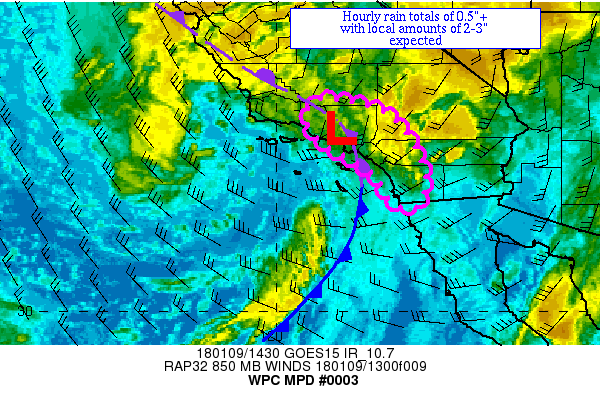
AREAS AFFECTED...TERRAIN OF SOUTHERN CA

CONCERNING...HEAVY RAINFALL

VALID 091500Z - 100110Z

SUMMARY...A DEEP LAYER CYCLONE IS EXPECTED TO LEAD TO HOURLY RAIN
RATES OCCASIONALLY BREACHING 0.5" WITH LOCAL AMOUNTS UP TO 3"
POSSIBLE THROUGH 01Z.

DISCUSSION...A DEEP LAYER CYCLONE IS SPLITTING INTO TWO CENTERS
PER 14Z OBSERVATIONS.  THE SOUTHERN 1000 HPA CENTER IS JUST WEST
OF BURBANK WITH ITS TRAILING FRONTAL BOUNDARY LOCATED EAST OF THE
CHANNEL ISLANDS.  INFRARED SATELLITE IMAGERY SHOWS SOME UNSTABLE
CLOUDINESS NEAR THE UPPER LEVEL LOW SOUTHWEST OF POINT CONCEPTION.
 THE LATEST SPC MESOANALYSES INDICATE MUCAPE VALUES SLOWLY
FALLING, DOWN IN THE 250-500 J/KG RANGE OFFSHORE SOUTHERN CA.
PRECIPITABLE WATER VALUES ARE 0.8-1.4" PER GPS DATA WHILE INFLOW
AT 850 HPA IS CYCLONIC AT 30-40 KTS PER VAD WIND PROFILES.  THE
SOUNDING FROM SAN DIEGO/NKX SHOWS A SUBSTANTIALLY WARM ATMOSPHERE,
WITH WET BULB ZERO HEIGHTS ABOVE 11,000 FEET.  A COUPLE SITES NEAR
CUCAMONGA AND BORREGO DESERT STATE PARK HAVE REPORTED OVER 0.5" IN
THE PAST HOUR.

AS THE CYCLONE MOVES EASTWARD, ONSHORE FLOW SHOULD SHIFT FROM
SOUTHERLY TO MORE WESTERLY WITH TIME WITH SIMILAR MAGNITUDE.  BY
00Z, THE LOW-LEVEL INFLOW IS EXPECTED TO EXCEED THE MEAN 850-400
HPA, WHICH MAY AID RAINFALL EFFICIENCY.  WHILE WET BULB ZERO
HEIGHTS SHOULD LOWER WITH TIME, NEAR THE UPPER CENTER ITSELF, AN
ADDED BURST OF HEAVY RAINFALL IS POSSIBLE DUE TO A COLD POOL ALOFT
IN AN AREA OF DEEPLY CYCLONIC AND UNIDIRECTIONAL FLOW.

RAIN RELATED ISSUES SHIFT FROM THE TRANSVERSE RANGES TO THE
COASTAL RANGES NEAR AND NORTH OF SAN DIEGO OVER THE NEXT SEVERAL
HOURS.  TWO BOUTS OF HEAVY RAINFALL ARE FORECAST: ONE THROUGH 20Z
WITH THE ADVANCING FRONT AND NEAR THE UPPER LEVEL LOW FROM 21Z
ONWARD. BURN SCARS FROM 2017 FIRES EXIST IN THIS REGION, WHICH ARE
A CONCERN AS RECENT ARW AND HRRR RUNS SUGGEST 0.5"+ AN HOUR RAIN
TOTALS ARE POSSIBLE UNTIL ~01Z, SO USED THIS AS THE HORIZON FOR
THE MPD.  LOCAL RAINFALL OF 2-3" IS POSSIBLE THROUGH 01Z.  THIS
RAINFALL COULD LEAD TO ISSUES NEAR ANY BURN SCARS.